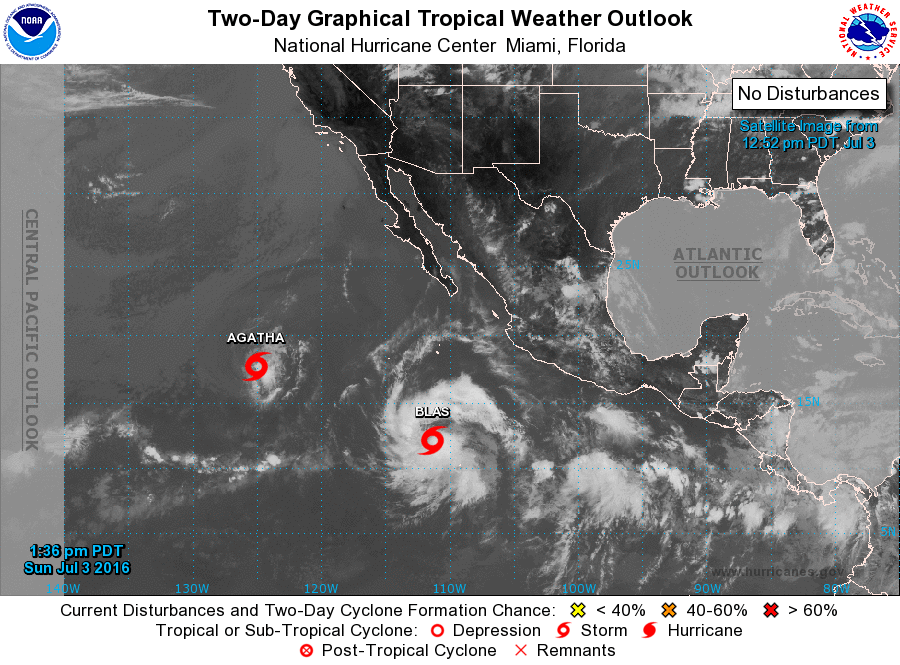
For the eastern North Pacific...east of 140 degrees west longitude:

The National Hurricane Center is issuing advisories on Tropical Storm Agatha, located several hundred miles west-southwest of the southern tip of the Baja California peninsula, and on Tropical Storm Blas, located several hundred miles southwest of Manzanillo, Mexico.

1. An area of low pressure is expected to form by the middle of next week well southwest of the coast of Mexico. Environmental conditions are expected to be conducive for gradual development of this system as it moves slowly westward.
* Formation chance through 48 hours...low...near 0 percent
* Formation chance through 5 days...low...30 percent

Public Advisories on Tropical Storm Blas are issued under WMO header WTPZ33 KNHC and under AWIPS header MIATCPEP3. Forecast/Advisories on Tropical Storm Blas are issued under WMO header WTPZ23 KNHC and under AWIPS header MIATCMEP3.

Forecaster Kimberlain